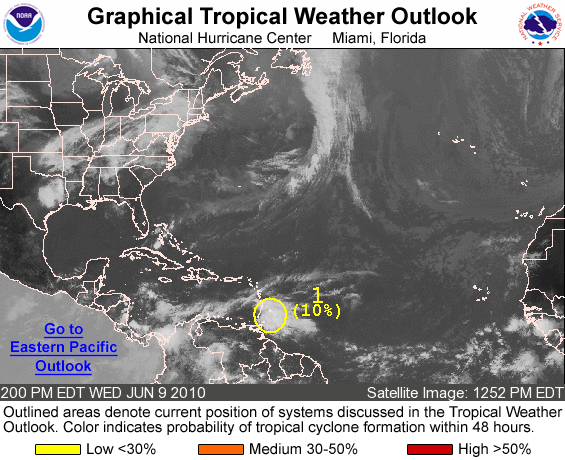
FOR THE NORTH ATLANTIC...CARIBBEAN SEA AND THE GULF OF MEXICO...

1. A LARGE AREA OF CLOUDINESS AND SHOWERS MOVING WESTWARD ACROSS THE WINDWARD ISLANDS AND THE SOUTHEASTERN CARIBBEAN SEA IS ASSOCIATED WITH A TROPICAL WAVE. SURFACE PRESSURES REMAIN HIGH AND UPPER-LEVEL WINDS ARE NOT CURRENTLY FAVORABLE FOR SIGNIFICANT DEVELOPMENT. THERE IS A LOW CHANCE...10 PERCENT...OF THIS SYSTEM BECOMING A TROPICAL CYCLONE DURING THE NEXT 48 HOURS.

ELSEWHERE...TROPICAL CYCLONE FORMATION IS NOT EXPECTED DURING THE NEXT 48 HOURS.

FORECASTER AVILA/LANDSEA